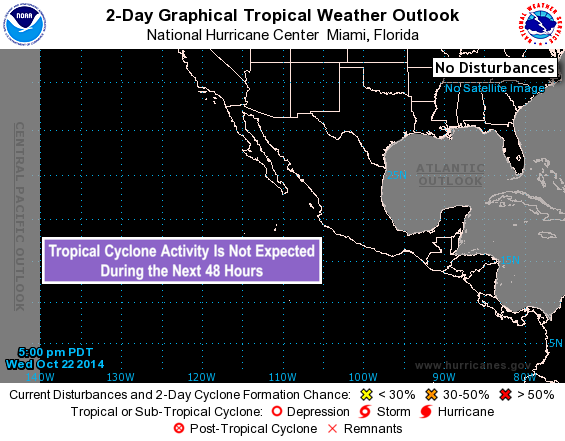
For the eastern North Pacific...east of 140 degrees west longitude:

1. An area of low pressure is expected to form several hundred miles south of the Gulf of Tehuantepec late this weekend or early next week. Environmental conditions are conducive for gradual development of this system after that time while the low drifts generally northward.
* Formation chance through 48 hours...low...near 0 percent.
* Formation chance through 5 days...medium...30 percent.

Forecaster Beven